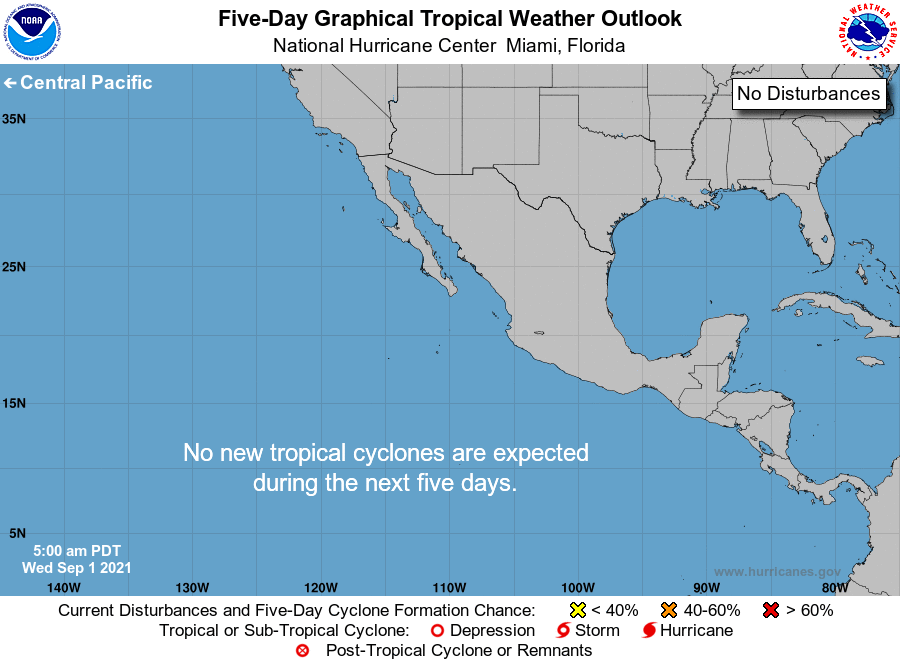
For the eastern North Pacific...east of 140 degrees west longitude:

Tropical cyclone formation is not expected during the next 5 days.

Forecaster Papin